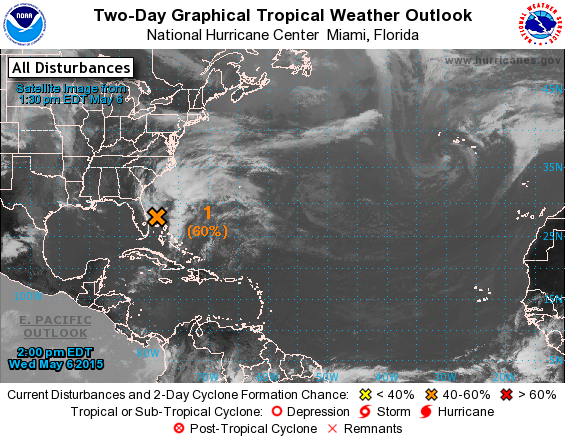
For the North Atlantic...Caribbean Sea and the Gulf of Mexico:

1. Disorganized showers and thunderstorms extending from the east coast of Florida across the Bahamas and the adjacent Atlantic waters are associated with an upper-level trough and a weak surface low located north of the northwestern Bahamas. Conditions are expected to become gradually more favorable for development over the next day or so while this system moves slowly northward and then northwestward. A subtropical or tropical cyclone could form by tomorrow or Friday, and interests along the southeast coast of the United States should monitor the progress of this system through the weekend. Regardless of development, heavy rain is possible over portions of the coastal southeastern United States beginning tomorrow. The next Special Tropical Weather Outlook will be issued on this system by 8 PM EDT today. For additional information, see products from your local National Weather Service forecast office and High Seas Forecasts issued by the National Weather Service.
* Formation chance through 48 hours...medium...60 percent
* Formation chance through 5 days...medium...60 percent

High Seas Forecasts issued by the National Weather Service are available under AWIPS header NFDHSFAT1, WMO header FZNT01 KWBC, and on the Web at http://www.opc.ncep.noaa.gov/shtml/NFDHSFAT1.shtml

Forecaster Brennan